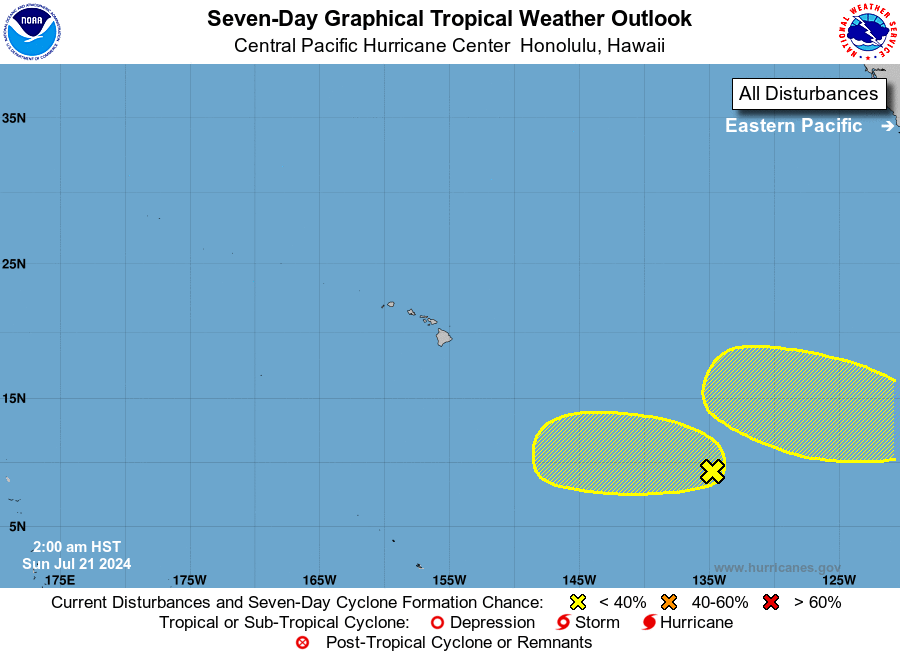
For the central North Pacific...between 140W and 180W:

1. Approximately 1,550 miles east-southeast of Hilo, Hawaii: A large area of disorganized showers and thunderstorms located over the far western portion of the eastern Pacific is associated with a broad area of low pressure. Environmental conditions are forecast to be marginally conducive for some gradual development during the next couple of days while the system moves westward at 10 to 15 mph toward the central Pacific basin. By midweek, stronger upper-level winds are expected to inhibit further development.
* Formation chance through 48 hours...low...10 percent.
* Formation chance through 7 days...low...20 percent.

Forecaster Bohlin